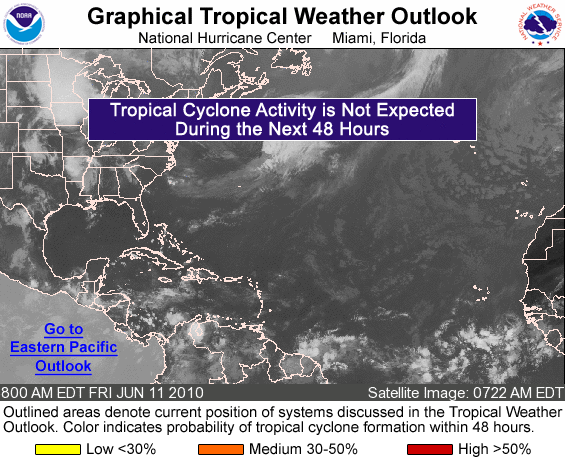
FOR THE NORTH ATLANTIC...CARIBBEAN SEA AND THE GULF OF MEXICO...

TROPICAL CYCLONE FORMATION IS NOT EXPECTED DURING THE NEXT 48 HOURS.

FORECASTER PASCH/ROBERTS